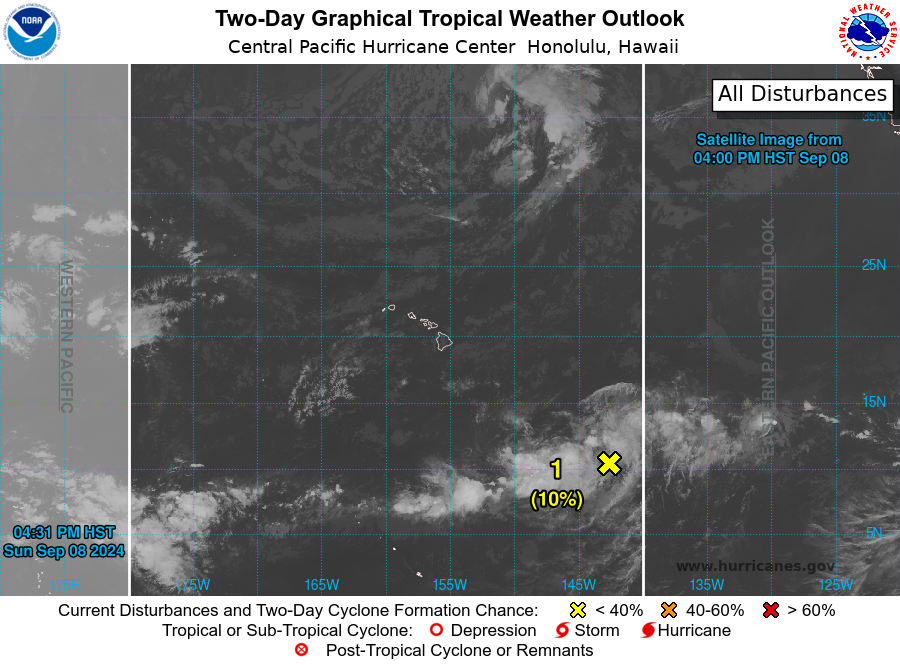
For the central North Pacific...between 140W and 180W:

1. Approximately 1000 miles southeast of Hilo, Hawaii: Disorganized showers and thunderstorms associated with a trough of low pressure are located over 1000 miles southeast of Hilo, Hawaii. Environmental conditions are expected to be marginally conducive for some subsequent development of this system as it moves slowly northward over the next few days.
* Formation chance through 48 hours...low...near 10 percent.
* Formation chance through 7 days...low...20 percent.

Elsewhere, no tropical cyclones are expected during the next 7 days.

Forecaster Powell